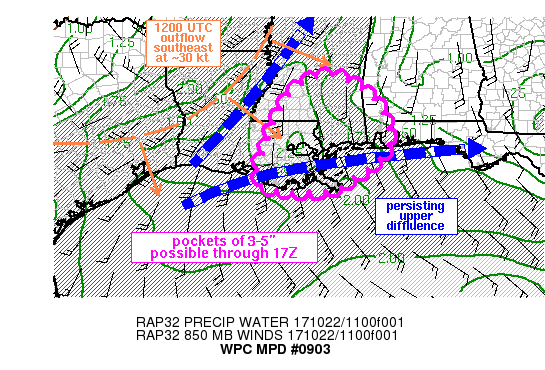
AREAS AFFECTED...ERN LA INTO SRN MS

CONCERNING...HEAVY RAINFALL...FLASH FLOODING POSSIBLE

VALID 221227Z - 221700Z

SUMMARY...CLUSTERS OF SLOW MOVING CONVECTION WILL SLOWLY MOVE EAST
ACROSS ERN LA INTO SRN MS THROUGH 17Z. ADDITIONAL RAINFALL OF 3-5
INCHES WILL BE POSSIBLE ALONG WITH AREAS OF FLASH FLOODING.

DISCUSSION...12Z RADAR SHOWED SCATTERED AREAS OF CONVECTION OVER
SRN MS INTO ERN LA WITH RAINFALL RATES OF 2-3 IN/HR. AN MCV NEAR
THE MARION/JEFFERSON COUNTY BORDER IN SRN MS APPEARS TO BE FORWARD
PROPAGATING AND ASSOCIATED WITH WEAKENING RAINFALL RATES AS THE
SYSTEM MOVES INTO REDUCED INSTABILITY. FARTHER SOUTH
HOWEVER...SLOWER MOVING RAINFALL CORES WERE NOTED INTO PORTIONS OF
ERN LA WHERE A SLOWER OVERALL MOVEMENT TO THE EAST WAS OBSERVED.
FLOW ALOFT REMAINS DIFFLUENT TO THE SOUTHEAST OF A SHARPLY
ORIENTED UPPER LEVEL TROUGH AXIS CURRENTLY OVER THE W-CNTRL TX/OK
BORDER. LOW LEVEL FLOW WAS CONFLUENT INTO THE ONGOING NORTH-SOUTH
ORIENTED AXIS OF HEAVY RAINFALL WITH GPS OBSERVED PRECIPITABLE
WATER VALUES OF 1.9 TO 2.0 INCHES NEAR THE NEW ORLEANS METRO AREA.

SHORT TERM FORECASTS FROM THE RAP INDICATE CONTINUED LOW LEVEL
CONFLUENCE OVER ERN LA INTO SRN MS THROUGH THE REMAINDER OF THE
MORNING BUT GRADUALLY WEAKENING UPPER LEVEL DIFFLUENCE AS THE
UPPER TROUGH AXIS APPROACHES AND THE SPLIT IN THE FLOW BECOMES
LESS PRONOUNCED. CAPE IS CURRENTLY LIMITED AS ONE MOVES
NORTHEASTWARD FROM THE SRN LA/MS BORDER WITH SOME INCREASE
EXPECTED OVER THE NEXT FEW HOURS...BUT THE GREATER VALUES SHOULD
REMAIN NEAR AND SOUTH OF I-10 WHICH IS EXPECTED TO CONTINUE
SUPPORTING RAINFALL RATES OF 2-3 IN/HR.

AN ELONGATED OUTFLOW BOUNDARY OVER NRN LA/SERN TX WAS OBSERVED TO
BE MOVING SOUTHEAST AT 30-35 KT...WITH PRESENT MOVEMENT REACHING
THE ONGOING ERN LA AXIS BETWEEN 16-17Z. WHILE IT IS UNCLEAR
EXACTLY HOW LONG CONVECTION WILL PERSIST OVER ERN LA/SRN
MS...OBSERVATIONS AND SHORT TERM TRENDS SUGGEST A FLASH FLOOD
THREAT WILL LINGER FOR THE NEXT 3-4 HOURS. HRRR AND OTHER HI-RES
MODELS ARE NOT HANDLING ONGOING TRENDS IN RADAR VERY WELL WHICH
REDUCES CONFIDENCE IN THE FORECAST.